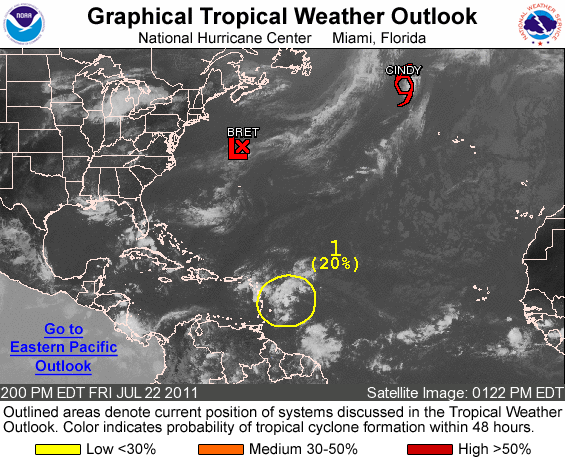
FOR THE NORTH ATLANTIC...CARIBBEAN SEA AND THE GULF OF MEXICO...

THE NATIONAL HURRICANE CENTER IS ISSUING ADVISORIES ON TROPICAL STORM CINDY...LOCATED ABOUT 730 MILES NORTHWEST OF THE AZORES. THE NATIONAL HURRICANE CENTER HAS ISSUED THE LAST ADVISORY ON FORMER TROPICAL DEPRESSION BRET...LOCATED ABOUT 375 MILES NORTH OF BERMUDA.

1. A TROPICAL WAVE LOCATED ABOUT 325 MILES EAST OF THE LESSER ANTILLES IS PRODUCING SCATTERED SHOWERS AND THUNDERSTORMS. SLOW DEVELOPMENT OF THIS SYSTEM IS POSSIBLE DURING THE NEXT COUPLE OF DAYS AS IT MOVES WESTWARD TO WEST-NORTHWESTWARD AT 15 TO 20 MPH. THERE IS A LOW CHANCE...20 PERCENT...OF THIS SYSTEM BECOMING A TROPICAL CYCLONE DURING THE NEXT 48 HOURS. REGARDLESS OF DEVELOPMENT... BRIEF PERIODS OF LOCALLY HEAVY RAINFALL AND GUSTY WINDS SHOULD SPREAD ACROSS PORTIONS OF THE LESSER ANTILLES THIS AFTERNOON AND TONIGHT.

ELSEWHERE...TROPICAL CYCLONE FORMATION IS NOT EXPECTED DURING THE NEXT 48 HOURS.

FORECASTER BEVEN